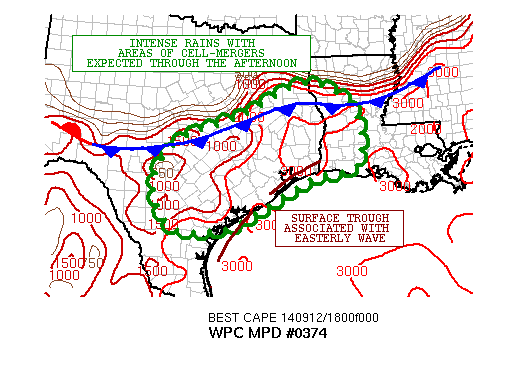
AREAS AFFECTED...SOUTHEAST TX...SOUTHWEST LA

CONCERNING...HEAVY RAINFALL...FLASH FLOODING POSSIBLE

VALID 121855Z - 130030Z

SUMMARY...INCREASING COVERAGE OF INTENSE AND SLOW-MOVING SHOWERS
AND THUNDERSTORMS ARE EXPECTED THROUGH THE AFTERNOON AND EARLY
EVENING.

DISCUSSION...A FAIRLY COMPLICATED SCENARIO WILL BE UNFOLDING THIS
AFTERNOON AS A COLD FRONT SETTLING SEWD ACROSS TX/LA IS EXPECTED
TO INTERACT WITH A VERY MOIST/UNSTABLE BNDRY LAYER OVER THE TX/LA
COASTAL PLAIN. IN ADDITION TO THIS...A WELL LOW TO MID LVL
INVERTED TROUGH ASSOCD WITH AN EASTERLY WAVE IS SEEN ADVANCING
SLOWLY WWD. THE FRONT IS EXPECTED TO INTERACT WITH THE NRN PORTION
OF THIS WAVE AXIS THIS AFTERNOON AND EVENING.

AN EXPANSION OF SLOW-MOVING AND INTENSE SHOWERS AND THUNDERSTORMS
IS EXPECTED GIVEN THE INCREASE IN DEEPER MOISTURE/INSTABILITY AND
STRONGER LOW LVL CONVERGENCE/FORCING ASSOCD WITH THE FRONT AND
APPROACHING EASTERLY WAVE. THE HIRES MODELS...MOST NOTABLY THE 12Z
NAM-CONEST AND 12Z ARW SUGGEST POTENTIAL FOR LOCALLY VERY HEAVY
RAINFALL AMTS IN A SOMEWHAT LINEAR FASHION OVER PORTIONS OF SERN
TX AND SWRN LA. THE PWAT ENVIRONMENT BEING OVER 2 INCHES AS
INDICATED BY GOES-SOUNDER DATA WILL FAVOR VERY INTENSE RAINFALL
RATES. THIS COUPLED WITH SLOW MOVEMENT AND THE POTENTIAL FOR CELL
MERGERS WILL ENHANCE THE RISK FOR FLASH FLOODING. WILL CONTINUE TO
MONITOR.